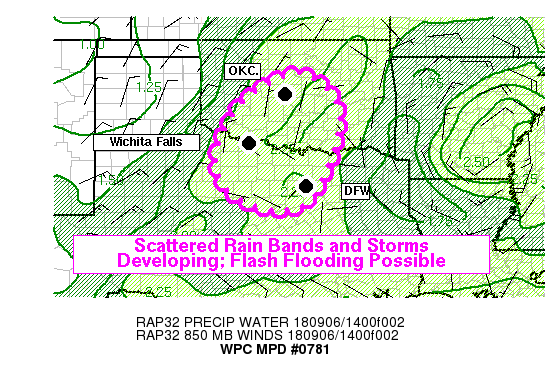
Areas affected...Central Oklahoma; North Texas

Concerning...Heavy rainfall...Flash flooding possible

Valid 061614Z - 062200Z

Summary...Scattered thunderstorms and rain bands are expected to
develop this afternoon across the Southern Plains in an area of
very weak winds. This should allow storms and areas of rain to
move very slowly, with the potential for locally heavy rainfall.
Rain rates exceeding 2 in/hr will be possible, which could lead to
flash flooding.

Discussion...The environment from North Texas into central
Oklahoma is characterized by deep moisture, with RAP analyzed PWs
around 2.2 to 2.3 inches. These were quite close to (perhaps a bit
higher than) GPS-PW observations, and were also easily above the
95th percentile for this time of year. Additionally, the wind
fields across the region were very weak, with the deep layer mean
winds less than 10 knots, and Corfidi vector magnitudes around 5
knots. The CAPE profiles, as sampled by 12Z soundings from Norman
and Fort Worth, were tall and narrow with MLCAPE around 1000 j/kg.
These factors should all combine to yield slow-moving or nearly
stationary, shallow convective rain bands that should be efficient
rainfall producers and create localized very heavy rain rates.
Recent runs of the HRRR show a scattered nature to the convection,
but localized rain rates in excess of 2 in/hr, which could lead to
flash flooding. There is not a tremendously strong convective
focus to concentrate rainfall in a particular area, but the slow
storm motions and storm-scale processes and interactions should be
sufficient to yield a few areas with at least several inches of
rain and flooding issues. Based on the 12Z HREF and recent runs of
the HRRR, initial development appears likely from western North
Texas (near SPS) into central Oklahoma, where cloud top heights
have been increasing (per GOES-16 data) and there is greater cloud
development overall. After 21Z, this could expand into the rest of
North Texas.